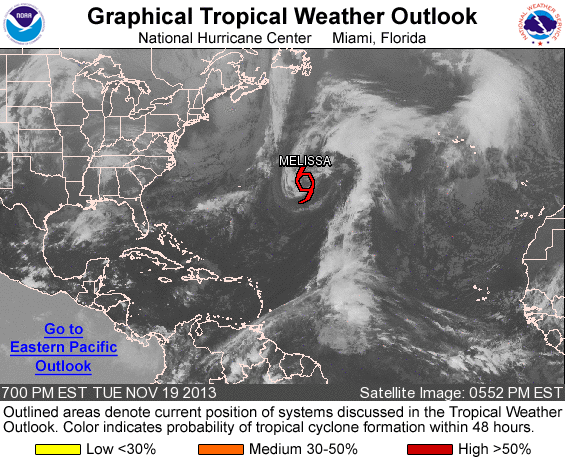
FOR THE NORTH ATLANTIC...CARIBBEAN SEA AND THE GULF OF MEXICO...

THE NATIONAL HURRICANE CENTER IS ISSUING ADVISORIES ON SUBTROPICAL STORM MELISSA...LOCATED SEVERAL HUNDRED MILES EAST OF BERMUDA.

TROPICAL CYCLONE FORMATION IS NOT EXPECTED DURING THE NEXT 5 DAYS.

&&
FIVE-DAY FORMATION PROBABILITIES ARE EXPERIMENTAL IN 2013. COMMENTS ON THE EXPERIMENTAL FORECASTS CAN BE PROVIDED AT...

HTTP://WWW.NWS.NOAA.GOV/SURVEY/NWS-SURVEY.PHP?CODE=ETWO

FORECASTER BEVEN